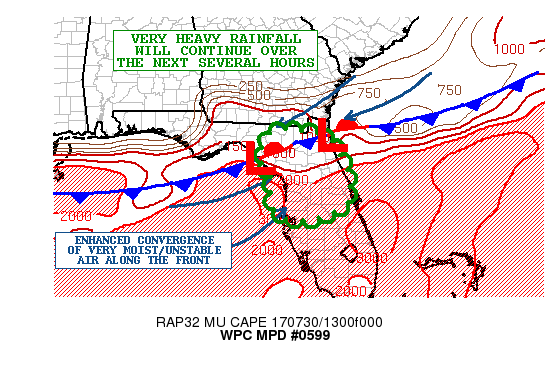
AREAS AFFECTED...CENTRAL AND NORTHERN FL

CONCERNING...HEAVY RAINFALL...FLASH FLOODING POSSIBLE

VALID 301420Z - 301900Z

SUMMARY...VERY HEAVY RAINFALL FROM REPEATING BANDS OF SHOWERS AND
THUNDERSTORMS WILL CONTINUE TO FOSTER RUNOFF AND/OR FLASH FLOODING
CONCERNS.

DISCUSSION...THE LATEST RADAR IMAGERY SHOWS A TRAINING BAND OF
VERY HEAVY SHOWERS AND THUNDERSTORMS SETTING UP FROM COLUMBIA
COUNTY EAST-SOUTHEAST TO CLAY AND ST. JOHNS COUNTIES OF NORTHEAST
FL WHICH IS SOUTH OF THE JACKSONVILLE METROPOLITAN AREA. THE
CONVECTION HAS BEEN INTENSIFYING OVER THE LAST HOUR AND THE
CONVECTIVE CLOUD TOPS CONTINUE COOL. MEANWHILE...ADDITIONAL AREAS
OF FOCUSED CONVECTION ARE NOTED ON THE GULF SIDE OF THE PENINSULA
FROM LEVY COUNTY DOWN TO CITRUS AND HERNANDO COUNTIES.

THE ACTIVITY IS FOCUSING WITHIN A HIGHLY CONFLUENT LOW LEVEL FLOW
REGIME WITH A VERY MOIST AND MODERATELY UNSTABLE AIRMASS POOLED
ALONG A SURFACE FRONTAL ZONE WHERE MULTIPLE WAVES OF LOW PRESSURE
HAVE BEEN HELPING TO PROVIDE LOCALLY ENHANCED SURFACE CONVERGENCE.
PWATS ARE NEAR 2.5 INCHES WITH A DEEP TROPICAL AIRMASS IN
PLACE...WHICH WILL BE CONDUCIVE TO HIGHLY EFFICIENT RAINFALL
PROCESSES. MUCAPE VALUES OF 1500 TO 2000+ J/KG ARE IN PLACE...AND
THE CONVECTION THIS MORNING HAS BEEN TENDING TO FOCUS WITHIN THE
PERSISTENT GRADIENT OF THE INSTABILITY AXIS.

RAINFALL RATES OF UP TO 3 INCHES/HR ARE EXPECTED...WITH ADDITIONAL
RAINFALL AMOUNTS THROUGH MID-AFTERNOON OF LOCALLY OVER 5 INCHES
GIVEN THE PERSISTENCE OF THE SURFACE CONVERGENCE/FORCING NEAR THE
FRONT AND POOLING OF SUCH DEEP MOIST/UNSTABLE AIR ALONG IT.
ENHANCED RUNOFF AND/OR FLASH FLOODING WILL BE POSSIBLE.